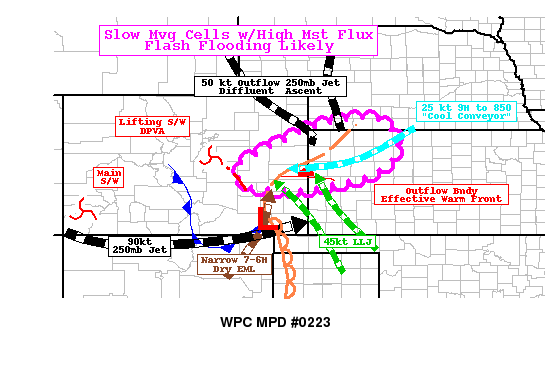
AREAS AFFECTED...EASTERN CO...NORTHWEST KS...EX SOUTHWEST NEB

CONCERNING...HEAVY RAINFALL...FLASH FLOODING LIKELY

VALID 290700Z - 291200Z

SUMMARY...SLOW MOVING/TRAINING CONVECTION ACROSS SATURATED GROUNDS
LIKELY TO LEAD TO FLASH FLOODING THROUGH 12Z.

DISCUSSION...06Z SFC ANALYSIS DEPICTS SURFACE LOW OVER SE CO WITH
INVERTED TROF EXTENDING NORTH THEN ANGLING ACROSS EXT NW KS TO
JUST SOUTH OF MCK.  AN OUTFLOW BOUNDARY FROM EARLIER CONVECTION
LAYS W-E FROM THE INVERTED TROF INTO NW KS SOUTH OF I-70.  AS
DISCUSSED IN MPD 221 CONVECTION HAS DEVELOPED DUE TO STRONG MST
CONVERGENCE ALONG THE INVERTED TROF WHICH IS GENERALLY COINCIDENT
WITH NARROW (NOT DETECTED BETWEEN KPUX AND KGLD) ELEVATED 7H DRY
SLOT FROM THE CT AIR ON SWLY FLOW...WHILE STRONG LLJ AT 850MB AND
NORTHERN BRANCH OF RETURN COOL CONVEYOR ACROSS NW KS/SW NEB (25KT
850MB VWP AT KGLD) AND 45 TO 50KT SWLY LLJ PER KDDC VWP ARE
PROVIDING VERY STRONG MOISTURE CONVERGENCE AND ADVECTION TO
SUPPORT 2000 J/KG MUCAPES AS WELL TO MAINTAIN THESE THUNDERSTORMS.
 THIS MOISTURE FLUX WITH SFC TDS IN THE MID TO UPPER 50S WILL
SUPPORT RATES UP TO 1.0"/HR...THOUGH SATURATED PROFILES AND SLOW
MOTIONS WILL UPTICK THIS TO GREATER THAN 1.5"/HR.

SHORTWAVE ROUNDING THE BROADER BASE OF THE LARGE SCALE TROF OVER
SOUTH CENTRAL CO IS LIFTING NORTHWARD TOO PROVIDING DPVA WITH
MODEST DIFFLUENCE FOR EVACUATION OF THE UPDRAFTS.  THIS IS
SUPPORTING A WEDGE SHAPED 10UM IR CLOUD SHIELD INDICATIVE OF
POTENTIAL FOR BACKBUILDING/STATIONARY REDEVELOPMENT.  MEAN CELL
MOTION IS GENERALLY ENE ALONG THE LINE OF CONVERGENCE BUT
500-1000MB THICKNESS SHOWS RAPID DIVERGENCE INTO SW NEB SUGGESTING
PILING/MERGERS POSSIBLE ACROSS SW NEB/NW KS AS THE COMPLEX FURTHER
EXPANDS.  RADAR MOSAIC SUGGESTS SOME DRY AIR ENTERTAINMENT HAS
LEAD TO WEAK OUTFLOW/COLD POOL GENERATION TO PROPAGATE THE COMPLEX
EASTWARD SLOWLY.  THE RADAR ALSO SHOWS ISENTROPIC UPGLIDE OVER THE
W-E BOUNDARY TO DEVELOP SCATTERED BUT INCREASING DEVELOPMENT DOWN
STREAM...FURTHER WETTING THE GROUNDS BEFORE THE MAIN LINE.

HI-RES CAMS SEEM TO BE HANDLING THE DEVELOPMENT WELL BUT MAY BE
UNDER PLAYING SOME OF THE MST FLUX INTO THE COMPLEX AND TOTALS
APPEAR LESS THAN EXPECTED WOULD EXPECT AN ADDITIONAL 2-4" LIKELY
POSSIBILITY HIGHER IF CELLS/OUTFLOW DO NOT DOMINATE AND CELLS LOCK
TO LARGER SCALE ASCENT THAT APPROACHES FROM THE WEST.  GIVEN THE
THREAT AND POTENTIAL FOR MOVING TOWARD RAWLINS/THOMAS COUNTIES
WHERE HEAVY RAINFALL FELL EARLIER TONIGHT AND COMPROMISED FFG
VALUES BELOW AND 1"/1HR 1.5"/3HR...FLASH FLOODING IS CONSIDERED
LIKELY THROUGH 12Z.